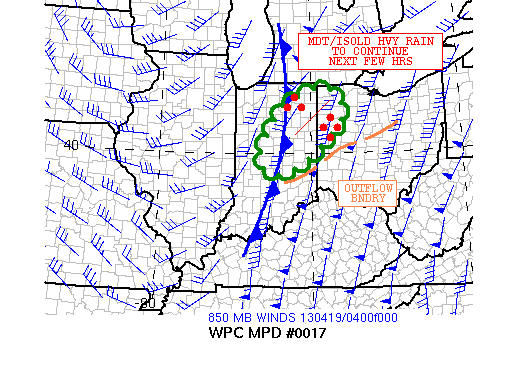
AREAS AFFECTED...CNTRL AND NERN IND...NWRN OH

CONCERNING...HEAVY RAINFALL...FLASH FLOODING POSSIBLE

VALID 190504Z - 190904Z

SUMMARY...A SFC COLD FRONT CONTINUES TO ADVANCE SLOWLY FROM WEST
TO EAST...WITH A LARGE AREA OF MDT TO LOCALLY HVY RAINFALL
ATTENDANT TO IT. LOW FFG VALUES SUGGEST LOCALIZED RUNOFF
PROBS/FLASH FLOODING WILL BE POSSIBLE.

DISCUSSION...RADAR AND SAT IMAGERY SHOW A PERSISTENT AXIS OF
CONVECTION MOVING GRADUALLY THROUGH THE OH VALLEY...WITH LITTLE
OVERALL CHANGE IN INTENSITY NOTED OVER THE LAST COUPLE OF HRS. THE
SSW/NNE ORIENTED CONVECTIVE LINE IS ASSOCIATED WITH A SLOW-MOVING
COLD FRONT AND A LARGER SCALE UPPER TROUGH THAT IS ADVANCING INTO
THE OH VALLEY FROM THE PLAINS/MS VALLEY. THIS WILL CONTINUE TO
PROVIDE LARGE SCALE ASCENT OVER THE THREAT AREA THE NEXT FEW
HRS...WITH FORCING LOCALLY ENHANCED AS A RESULT OF AN OUTFLOW
BOUNDARY EXTENDING EAST OF THE COLD FRONT FROM JUST NORTH OF A
LINE FROM SHELBYVILLE TO DAYTON TO CANTON-AKRON. A MOIST AND
ROBUST LOW LEVEL JET IS ALREADY IN PLACE...ON THE ORDER OF 50 KTS
LOCALLY AND IS OVERRUNNING THE OUTFLOW BOUNDARY. THEREFORE THE
ONGOING CONVECTIVE ACTIVITY IS LIKELY TO TEND TO SUSTAIN ITSELF AT
LEAST FOR THE NEXT 2 TO 3 HRS...BEFORE THEN WEAKENING AS SUPPORTED
BY THE 00Z NAM-CONEST. GIVEN THE PERSISTENT RAINFALL FALLING OVER
LOCALLY SATURATED GROUND...FLASH FLOODING CANNOT BE RULED OUT.
WILL CONTINUE TO MONITOR.